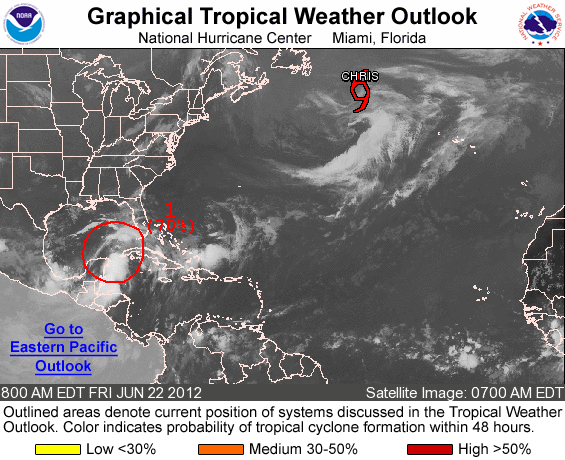
FOR THE NORTH ATLANTIC...CARIBBEAN SEA AND THE GULF OF MEXICO...

THE NATIONAL HURRICANE CENTER IS ISSUING ADVISORIES ON TROPICAL STORM CHRIS...LOCATED ABOUT 435 MILES EAST-SOUTHEAST OF CAPE RACE NEWFOUNDLAND.

1. SHOWER AND THUNDERSTORM ACTIVITY ASSOCIATED WITH A LARGE LOW PRESSURE SYSTEM LOCATED NEAR THE NORTHERN COAST OF THE YUCATAN PENINSULA REMAINS DISORGANIZED. HOWEVER...SURFACE PRESSURES CONTINUE TO FALL ACROSS THE AREA...AND ENVIRONMENTAL CONDITIONS APPEAR TO BE CONDUCIVE FOR A TROPICAL DEPRESSION TO FORM DURING THE NEXT DAY OR TWO AS THIS SYSTEM BEGINS TO MOVE SLOWLY NORTHWARD. THIS SYSTEM HAS A HIGH CHANCE...70 PERCENT...OF BECOMING A TROPICAL CYCLONE DURING THE NEXT 48 HOURS. INTERESTS ALONG THE ENTIRE UNITED STATES GULF COAST SHOULD MONITOR THE PROGRESS OF THIS DISTURBANCE THROUGH THE WEEKEND. HEAVY RAINS AND LOCALIZED FLOODING ARE POSSIBLE ACROSS THE YUCATAN PENINSULA...WESTERN CUBA...AND SOUTHERN FLORIDA THROUGH SATURDAY. AN AIR FORCE RESERVE RECONNAISSANCE AIRCRAFT IS SCHEDULED TO INVESTIGATE THE SYSTEM THIS AFTERNOON...IF NECESSARY.

ELSEWHERE...TROPICAL CYCLONE FORMATION IS NOT EXPECTED DURING THE NEXT 48 HOURS.

FORECASTER BRENNAN